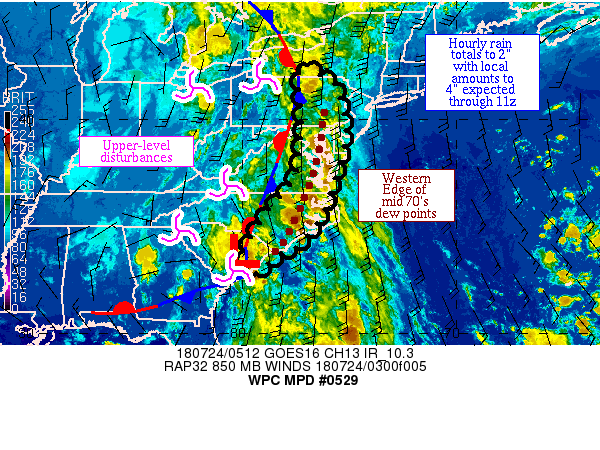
AREAS AFFECTED...CAROLINAS INTO THE MID-ATLANTIC STATES

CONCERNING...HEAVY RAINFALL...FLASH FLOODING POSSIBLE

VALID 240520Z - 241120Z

SUMMARY...SHOWERS AND THUNDERSTORMS ARE INCREASING ACROSS THE
CAROLINAS AND MID-ATLANTIC STATES.  HOURLY TOTALS TO 2" WITH LOCAL
AMOUNTS TO 4" ARE EXPECTED THROUGH 11Z.

DISCUSSION...AN AREA OF SHOWERS AND THUNDERSTORMS IS SHOWING AN
INCREASE IN COVERAGE ACROSS EASTERN SC, EASTERN NC, EASTERN VA,
AND CHESAPEAKE BAY WHILE BANDS OF SHOWERS AND THUNDERSTORMS FESTER
ACROSS EASTERN AND CENTRAL PA.  THE ACTIVITY IS FOCUSED NEAR A
WEAK DEW POINT GRADIENT ACROSS THE REGION WHICH COINCIDES WITH A
RIBBON OF HIGHER PRECIPITABLE WATER VALUES.  PRECIPITABLE WATER
VALUES OF 1.85-2.25" LIE ACROSS THE AREA PER RAP ANALYSIS FIELDS
AND 00Z SOUNDINGS.  INFLOW AT 850 HPA SOUTH-SOUTHEAST AT 20-40 KTS
PER VAD WIND PROFILES, NEAR OR SLIGHTLY EXCEEDING THE MAGNITUDE OF
THE 850-400 HPA WIND.  THIS INFLOW IS PULLING IN ML CAPE VALUES OF
500-1500 J/KG; CIN ACROSS THE REGION APPEARS MINIMAL.  EFFECTIVE
BULK SHEAR OF 25-35 KTS EXISTS PER SPC MESOANALYSES, WHICH
COMBINED WITH NEARLY UNIDIRECTIONAL FLOW WITH HEIGHT IS ALIGNING
THUNDERSTORMS INTO FAIRLY LINEAR BANDS.

OVERALL, THE 00Z NAM CONEST APPEARS TO BE DOING RATHER WELL WITH
THE CONVECTIVE PATTERN, THOUGH MOST OF THE GUIDANCE LEAVES
SOMETHING TO BE DESIRED NEAR THE EASTERN SHORE.  THE GUIDANCE IS
IN GENERAL AGREEMENT THAT CONVECTION ACROSS NORTHEAST SC, NC, VA,
AND MD SHOULD BE ON THE INCREASE OVER THE NEXT SEVERAL HOURS WHILE
CONVECTION ACROSS PA IS EXPECTED TO FLUCTUATE IN INTENSITY AS A
SHORTWAVE NEAR THE WESTERN NY/PA BORDER PULLS AWAY AND CONVECTION
MOVES UP FROM THE SOUTH.  HOURLY RAIN TOTALS TO 2" ARE EXPECTED
GIVEN THE MOISTURE AND INSTABILITY.  THE GUIDANCE HAS A GOOD
SIGNAL FOR LOCALIZED AMOUNTS UP TO 4" IN THIS AREA, WHICH SEEMS
REALISTIC.  GIVEN RECENT RAINS ACROSS THE REGION, ADDITIONAL HEAVY
RAINFALL COULD BE PROBLEMATIC.